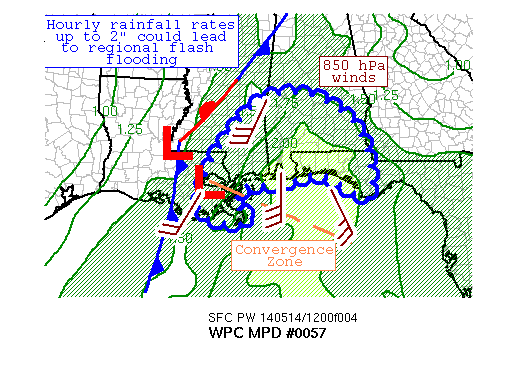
AREAS AFFECTED...CENTRAL GULF COAST

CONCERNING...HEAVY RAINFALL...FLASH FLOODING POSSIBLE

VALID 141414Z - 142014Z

SUMMARY...INCREASING LOW-LEVEL INFLOW FROM THE GULF OF MEXICO, AN
APPROACHING FRONT FROM THE WEST, AND AN APPROACHING CONVERGENCE
ZONE FROM THE GULF OF MEXICO COULD LEAD TO REGIONAL FLASH FLOODING
OVER THE NEXT SEVERAL HOURS.

DISCUSSION...A 14Z SURFACE ANALYSIS FEATURED A WAVY FRONTAL
BOUNDARY MOVING INTO SOUTHEAST LA AND SOUTHWEST MS.  THE 00Z ARW
IMPLIES CAPE VALUES ALONG THIS FEATURE MEET THE THRESHOLD FOR THE
WET MULTI-CELL ENVIRONMENT (1000+ J/KG).  MEANWHILE, LOW-LEVEL
INFLOW CONVERGES SOMEWHAT TO THE SOUTHEAST IN THE VICINITY OF THE
WESTERN FL PANHANDLE/SOUTHERN AL, AHEAD OF A NORTHWARD-MOVING
CONVERGENCE ZONE IN THE NORTHERN GULF OF MEXICO (SEEN ON RAPID
SCAN SATELLITE IMAGERY), AND IS EXPECTED TO INCREASE DURING THE
DAY TODAY, REACHING THE THRESHOLD FOR THE WET MULTI-CELL
ENVIRONMENT (25+ KTS OF 0-3 KM SHEAR) BETWEEN LATE THIS MORNING
AND EARLY THIS AFTERNOON.  PRECIPITABLE WATER VALUES ARE EXPECTED
TO BE IN THE NEIGHBORHOOD OF 1.75-2", WITHIN THE 90-99TH
PERCENTILES FOR MID-MAY FOR THE REGION.

THERE IS A GOOD SIGNAL IN THE MESOSCALE GUIDANCE (QPF-WISE) FOR
HEAVY RAINS, ON THE ORDER OF 3-6" LOCALLY OVER SEVERAL HOURS
WITHIN THIS REGION, THOUGH THE GUIDANCE SHOWS LITTLE OVERLAP IN
THE EXACT LOCATION.  CURRENT SCATTERED THUNDERSTORM ACTIVITY
SHOULD BECOME MORE WIDESPREAD, AND LOCALLY TRAIN WITHIN THIS
REGION.  THIS LED TO A FAIRLY BROAD AREA DEPICTED.  HOURLY
RAINFALL RATES SHOULD REACH 2" AN HOUR OVER THE NEXT SEVERAL
HOURS, WITH LOCAL SPOTS RECEIVING A QUICK 3-6", WHICH COULD LEAD
TO REGIONAL FLASH FLOODING.